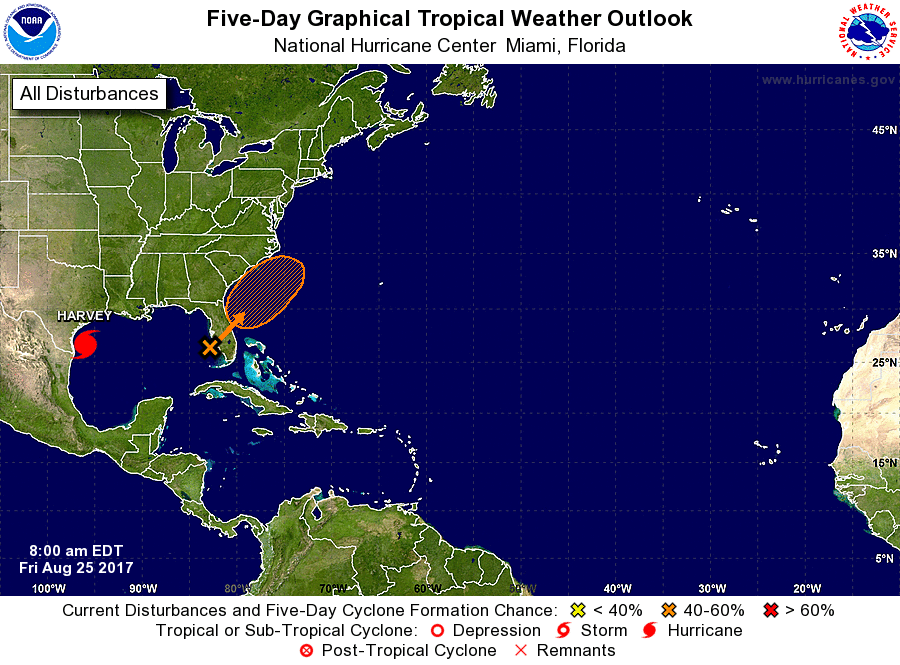
For the North Atlantic...Caribbean Sea and the Gulf of Mexico:

The National Hurricane Center is issuing advisories on Hurricane Harvey, located over the western Gulf of Mexico.

1. A trough of low pressure extending from the eastern Gulf of Mexico over central Florida continues to produce a large area of disorganized cloudiness and thunderstorms. Although strong upper-level winds could limit tropical cyclone formation, some subtropical development is possible over the weekend or early next week while the system moves northeastward over the western Atlantic before it merges with a front. Regardless of development, very heavy rain and flooding is possible over portions of southern and central Florida during the next few days. Please refer to products from your local National Weather Service office for more information on this system.
* Formation chance through 48 hours...low...20 percent.
* Formation chance through 5 days...medium...40 percent.

Forecaster Brown